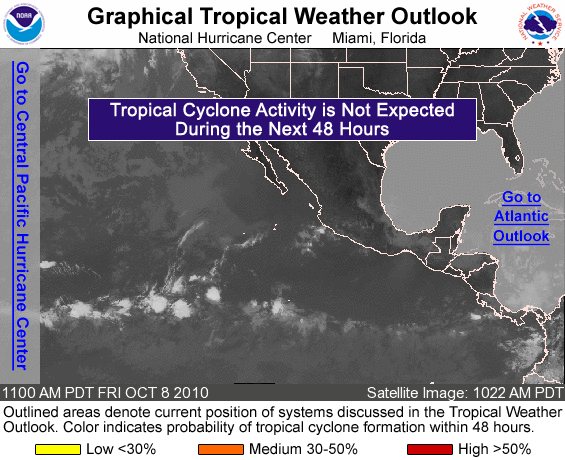
FOR THE EASTERN NORTH PACIFIC...EAST OF 140 DEGREES WEST LONGITUDE..

TROPICAL CYCLONE FORMATION IS NOT EXPECTED DURING THE NEXT 48 HOURS.

FORECASTER BEVEN